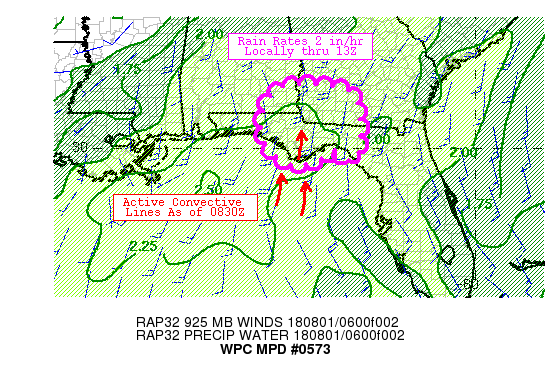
Areas affected...FL Panhandle into AL/GA

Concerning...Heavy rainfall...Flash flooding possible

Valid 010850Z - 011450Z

Summary...Bands of heavy showers with isolated thunderstorms will
continue to come ashore across central and eastern portions of the
Florida Peninsula and shift inland into southern portions of
Alabama and Georgia this morning. Rain rates of 2 in/hr are
expected to continue.

Discussion...NEXRAD radars and GOES-16 depict bands of heavy
showers and isolated thunderstorms with local rain rates of 2
in/hr. The main band at 0830Z stretches north from St. George
Island and just east of the Apalachicola River. This activity is
riding north with the warm conveyor belt east of a digging trough
axis over Louisiana. The FL Panhandle is in the preferred right
entrance region of the associated jet (and will be for the next
few days in the stationary long-wave pattern). Precipitable water
values exceed 2.25" according to the 06Z RAP (three standard
deviations above the mean) with surface dewpoints in the mid 70s.

Expect upper level difluence to increase over this area as the
trough digs through 12Z before stalling. Associated increases in
the number of bands coming ashore can be expected through this
time. MLCAPE of 1500-2000 J/Kg at the coast does diminish to
500-1000 J/Kg north of the FL border, though the low level
southerly flow should aide instability transport inland a bit over
the next few hours. The orientation of the bands should allow for
peak intensity to last more than an hour for any particular
location. That is how the 2 in/hr expected should top the 3 inch
3hr flash flood guidance across this area. Due to the high FFG,
expect flash flooding to remain localized through 15Z.